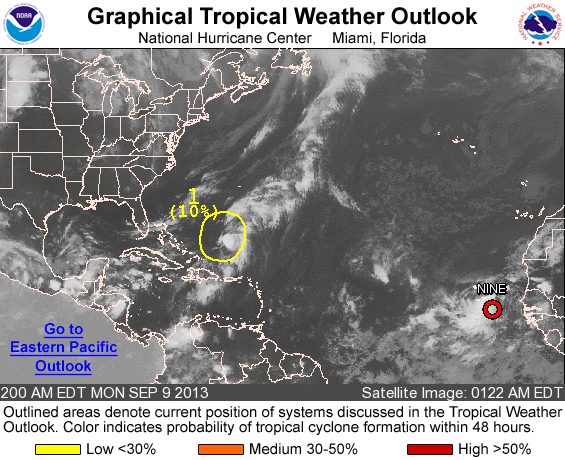
FOR THE NORTH ATLANTIC...CARIBBEAN SEA AND THE GULF OF MEXICO...

THE NATIONAL HURRICANE CENTER IS ISSUING ADVISORIES ON TROPICAL DEPRESSION NINE...LOCATED SOUTHEAST OF THE SOUTHERNMOST CAPE VERDE ISLANDS.

1. AN ELONGATED AREA OF LOW PRESSURE...ASSOCIATED WITH THE REMNANTS OF GABRIELLE...IS LOCATED ABOUT 500 MILES SOUTH-SOUTHWEST OF BERMUDA. STRONG UPPER-LEVEL WESTERLY WINDS ARE DISPLACING SHOWER AND THUNDERSTORM ACTIVITY TO THE EAST OF THE LOW...AND NO SIGNIFICANT DEVELOPMENT IS EXPECTED DURING THE NEXT FEW DAYS WHILE THE LOW MOVES NORTHEASTWARD OR NORTH-NORTHEASTWARD. THIS SYSTEM HAS A LOW CHANCE...10 PERCENT...OF BECOMING A TROPICAL CYCLONE DURING THE NEXT 48 HOURS...AND A LOW CHANCE...20 PERCENT...OF BECOMING A TROPICAL CYCLONE DURING THE NEXT 5 DAYS.

OTHER SYSTEMS WITH DEVELOPMENT POTENTIAL BEYOND 48 HOURS...

A BROAD AREA OF LOW PRESSURE COULD FORM OVER THE BAY OF CAMPECHE OR THE EXTREME SOUTHWESTERN GULF OF MEXICO IN A FEW DAYS. ENVIRONMENTAL CONDITIONS SHOULD BE CONDUCIVE FOR SOME DEVELOPMENT OF THIS LOW AROUND THAT TIME IF IT REMAINS OVER WATER. THIS SYSTEM HAS A LOW CHANCE...NEAR 0 PERCENT...OF BECOMING A TROPICAL CYCLONE DURING THE NEXT 48 HOURS...AND A MEDIUM CHANCE...30 PERCENT...OF BECOMING A TROPICAL CYCLONE DURING THE NEXT 5 DAYS. REGARDLESS OF DEVELOPMENT...LOCALLY HEAVY RAINS ARE POSSIBLE OVER PORTIONS OF EASTERN MEXICO LATER THIS WEEK.

PUBLIC ADVISORIES ON TROPICAL DEPRESSION NINE ARE ISSUED UNDER WMO HEADER WTNT34 KNHC AND UNDER AWIPS HEADER MIATCPAT4. FORECAST/ADVISORIES ON TROPICAL DEPRESSION NINE ARE ISSUED UNDER WMO HEADER WTNT24 KNHC AND UNDER AWIPS HEADER MIATCMAT4.

FIVE-DAY FORMATION PROBABILITIES ARE EXPERIMENTAL IN 2013. COMMENTS ON THE EXPERIMENTAL FORECASTS CAN BE PROVIDED AT...

HTTP://WWW.NWS.NOAA.GOV/SURVEY/NWS-SURVEY.PHP?CODE=ETWO

FORECASTER KIMBERLAIN